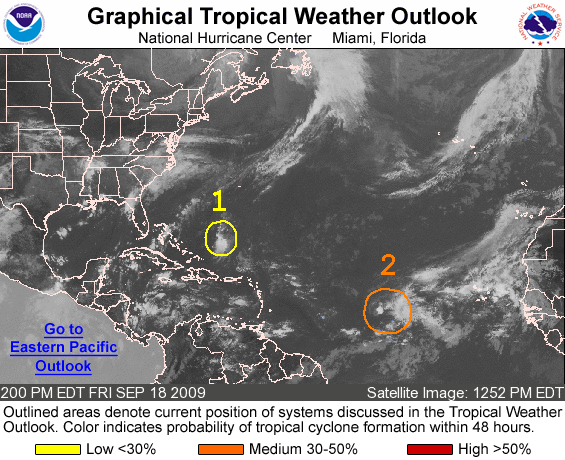
FOR THE NORTH ATLANTIC...CARIBBEAN SEA AND THE GULF OF MEXICO...

1. A SMALL LOW PRESSURE AREA...ASSOCIATED WITH THE REMNANTS OF FRED... IS CENTERED ABOUT 460 MILES SOUTH OF BERMUDA AND IS PRODUCING INTERMITTENT SHOWER AND THUNDERSTORM ACTIVITY. UPPER-LEVEL WINDS COULD BECOME MORE FAVORABLE FOR SOME DEVELOPMENT AS THE SYSTEM MOVES WEST-NORTHWESTWARD AT 10 TO 15 MPH. THERE IS A LOW CHANCE...LESS THAN 30 PERCENT...OF THIS SYSTEM BECOMING A TROPICAL CYCLONE DURING THE NEXT 48 HOURS.

2. THUNDERSTORM ACTIVITY HAS DECREASED NEAR A BROAD AREA OF LOW PRESSURE CENTERED ABOUT MIDWAY BETWEEN AFRICA AND THE LESSER ANTILLES. HOWEVER...ENVIRONMENTAL CONDITIONS COULD STILL SUPPORT SOME SLOW DEVELOPMENT OF THIS SYSTEM OVER THE NEXT COUPLE OF DAYS AS IT MOVES WEST-NORTHWESTWARD AT AROUND 10 MPH. THERE IS A MEDIUM CHANCE...30 TO 50 PERCENT...OF THIS SYSTEM BECOMING A TROPICAL CYCLONE DURING THE NEXT 48 HOURS.

ELSEWHERE...TROPICAL CYCLONE FORMATION IS NOT EXPECTED DURING THE NEXT 48 HOURS.

FORECASTER BLAKE